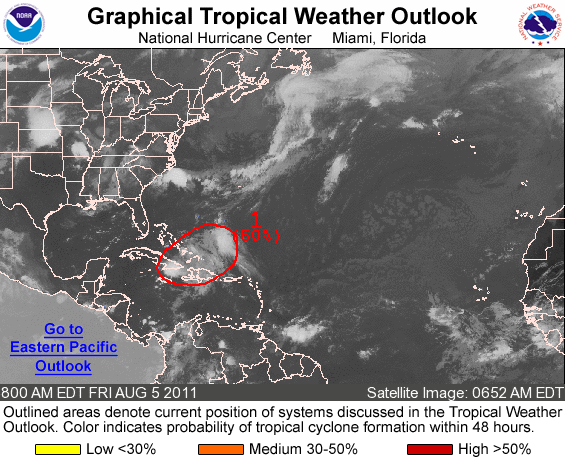
FOR THE NORTH ATLANTIC...CARIBBEAN SEA AND THE GULF OF MEXICO...

1. A SURFACE TROUGH...THE REMNANTS OF FORMER TROPICAL STORM EMILY...IS PRODUCING A LARGE AREA OF CLOUDINESS AND THUNDERSTORMS EXTENDING FROM EASTERN CUBA NORTHEASTWARD ACROSS THE SOUTHEASTERN BAHAMAS. THIS SYSTEM REMAINS DISORGANIZED BUT UPPER-LEVEL WINDS ARE EXPECTED TO BECOME A LITTLE MORE FAVORABLE FOR DEVELOPMENT ON SATURDAY. THIS SYSTEM HAS A HIGH CHANCE...60 PERCENT...OF REGENERATING INTO A TROPICAL CYCLONE DURING THE NEXT 48 HOURS AS IT MOVES TOWARD THE NORTHWEST AND NORTHWARD AT 15 MPH..

ELSEWHERE...TROPICAL CYCLONE FORMATION IS NOT EXPECTED DURING THE NEXT 48 HOURS.

FORECASTER AVILA